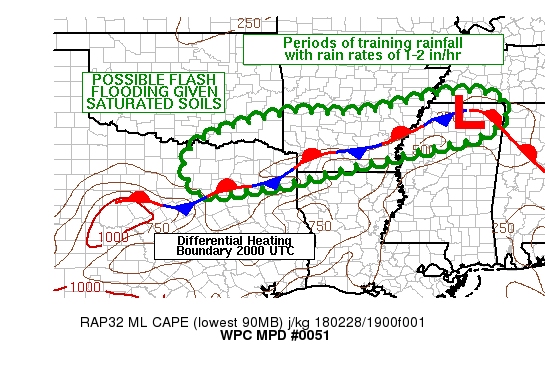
AREAS AFFECTED...NERN TX...ACROSS THE ARKLATEX TO THE AR/MS BORDER

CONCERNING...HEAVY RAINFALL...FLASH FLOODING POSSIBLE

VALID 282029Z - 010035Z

SUMMARY...PERIODS OF TRAINING CONVECTION ARE EXPECTED OVER THE
NEXT FEW HOURS FROM PORTIONS OF NERN TX INTO AND ACROSS THE
ARKLATEX TO THE AR/MS BORDER. RAINFALL RATES OF 1-2 IN/HR WILL BE
POSSIBLE ALONG WITH FLASH FLOODING GIVEN NEAR SATURATED SOILS.

DISCUSSION...AT 20Z...VISIBLE SATELLITE IMAGERY SHOWED AN AREA OF
SOLID CLOUD COVER EXTENDING FROM THE ERN TX/OK BORDER INTO MUCH OF
AR AND TN WITH PARTLY CLOUDY TO MOSTLY CLEAR SKIES TO THE SOUTH.
TEMPERATURES HAVE RESPONDED AND SHOW A BOUNDARY ENHANCED BY
DIFFERENTIAL HEATING WITH TEMPERATURES IN THE 70S TO LOW 80S SOUTH
OF THE BOUNDARY AND 50S TO LOWER 60S TO THE NORTH OF THE BOUNDARY
ALONG WITH STRATIFORM RAIN AND EMBEDDED THUNDERSTORMS. THE LATEST
SPC MESOANALYSIS DEPICTS 500-1000 J/KG MLCAPE SOUTH OF THE
BOUNDARY FROM TEXAS INTO NRN AR.

RECENT RUNS OF THE RAP/HRRR HAVE SHOWN 850-700 MB FLOW BECOMING
BETTER FOCUSED ACROSS ERN TX/NRN LA/SRN AR/CNTRL MS FROM THE
SOUTHWEST...INCREASING INTO THE 40-45 KT RANGE THROUGH 00Z ALONG
AND SOUTH OF THE SURFACE BOUNDARY. GIVEN LARGELY UNIDIRECTIONAL
FLOW ABOVE 850 MB AND THE ELEVATED NATURE OF THE CONVECTION NORTH
OF THE BOUNDARY...TRAINING WILL BE A CONCERN. WHILE INSTABILITY IS
RATHER WEAK...PRECIPITABLE WATER VALUES ARE CURRENTLY 1.6 TO 1.7
INCHES PER RECENT GPS DATA WHICH COULD SUPPORT RAINFALL RATES OF
1-2 IN/HR.

GIVEN RAINFALL OF 1-3 INCHES ACROSS THE MPD THREAT AREA SINCE
YESTERDAY...AND AN EXTREMELY WET ONE TO TWO WEEKS...SOILS ARE
SATURATED IN MANY LOCATIONS ACROSS THE REGION WITH TRAINING OF 1-2
IN/HR RAIN RATES A CONCERN FOR FLASH FLOODING.